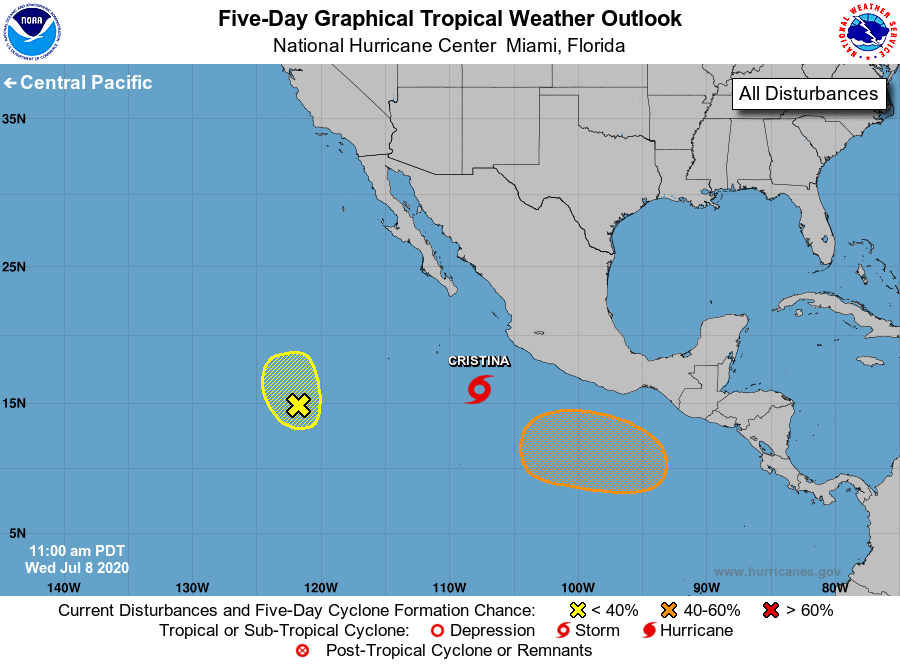
For the eastern North Pacific...east of 140 degrees west longitude:

The National Hurricane Center is issuing advisories on Tropical Storm Cristina, located a few hundred miles south-southwest of Manzanillo, Mexico.

1. An area of low pressure located about 1000 miles southwest of the southern tip of the Baja California peninsula continues to produce disorganized showers and thunderstorms. Some slow development of this system is possible during the next two days before environmental conditions become unfavorable. This system is expected to generally drift northward during the next couple of days.
* Formation chance through 48 hours...low...30 percent.
* Formation chance through 5 days...low...30 percent.

2. An area of low pressure is forecast to form south of the Gulf of Tehuantepec late this week or this weekend. Environmental conditions are expected to be conducive for development, and a tropical depression could form early next week while the system moves westward well south of the coast of Mexico.
* Formation chance through 48 hours...low...near 0 percent.
* Formation chance through 5 days...medium...40 percent.

Forecaster Latto